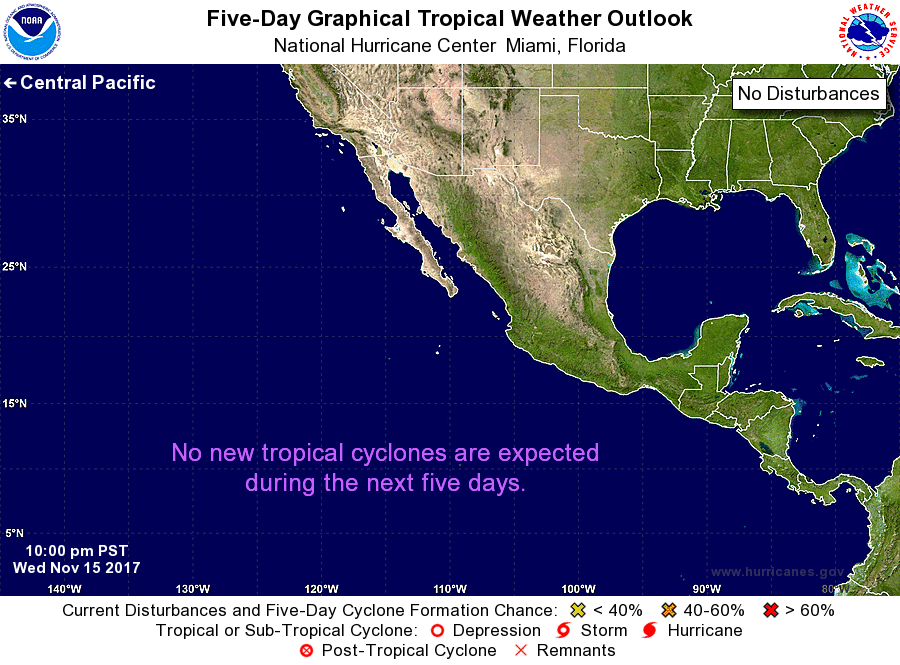
For the eastern North Pacific...east of 140 degrees west longitude:

Tropical cyclone formation is not expected during the next 5 days.

Forecaster Stewart